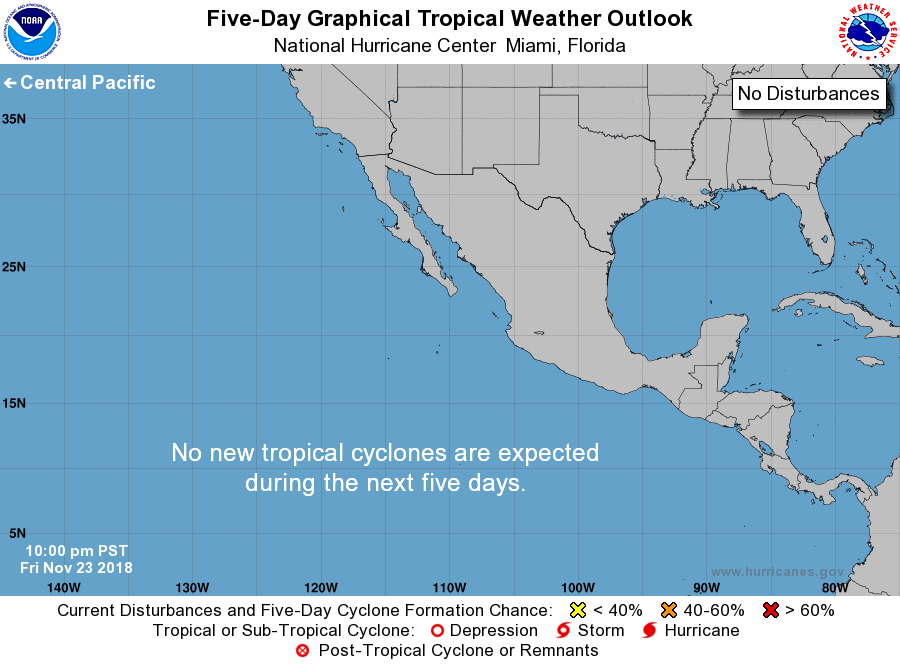
For the eastern North Pacific...east of 140 degrees west longitude:

Tropical cyclone formation is not expected during the next 5 days.

Forecaster Stewart